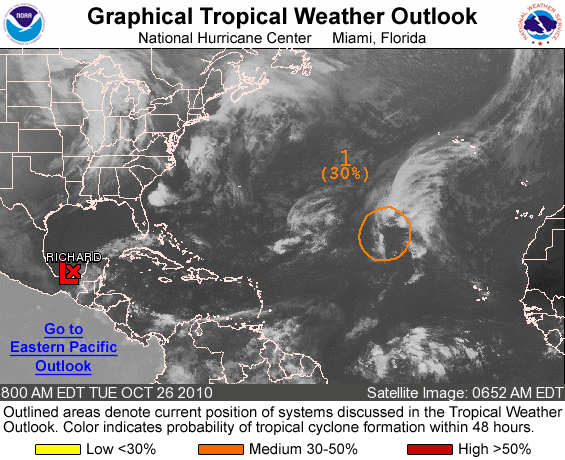
FOR THE NORTH ATLANTIC...CARIBBEAN SEA AND THE GULF OF MEXICO...

THE NATIONAL HURRICANE CENTER IS ISSUING ADVISORIES ON TROPICAL DEPRESSION RICHARD...LOCATED ABOUT 135 MILES WEST-SOUTHWEST OF CAMPECHE MEXICO.

1. SHOWERS AND THUNDERSTORMS LOCATED OVER THE EASTERN ATLANTIC ARE ASSOCIATED WITH A SURFACE LOW CENTERED ABOUT 1150 MILES WEST- NORTHWEST OF THE NORTHERNMOST CAPE VERDE ISLANDS AND A NEARBY UPPER-LEVEL LOW. UPPER-LEVEL WINDS ARE MARGINALLY CONDUCIVE FOR FURTHER DEVELOPMENT OF THIS DISTURBANCE...BUT ARE FORECAST TO BECOME LESS FAVORABLE ON WEDNESDAY AND THURSDAY. THERE IS A MEDIUM CHANCE...30 PERCENT...OF THIS SYSTEM BECOMING A SUBTROPICAL OR TROPICAL CYCLONE DURING THE NEXT 48 HOURS AS IT MOVES NORTHWESTWARD AT 5 TO 10 MPH.

ELSEWHERE...TROPICAL CYCLONE FORMATION IS NOT EXPECTED DURING THE NEXT 48 HOURS.

FORECASTER PASCH/KIMBERLAIN